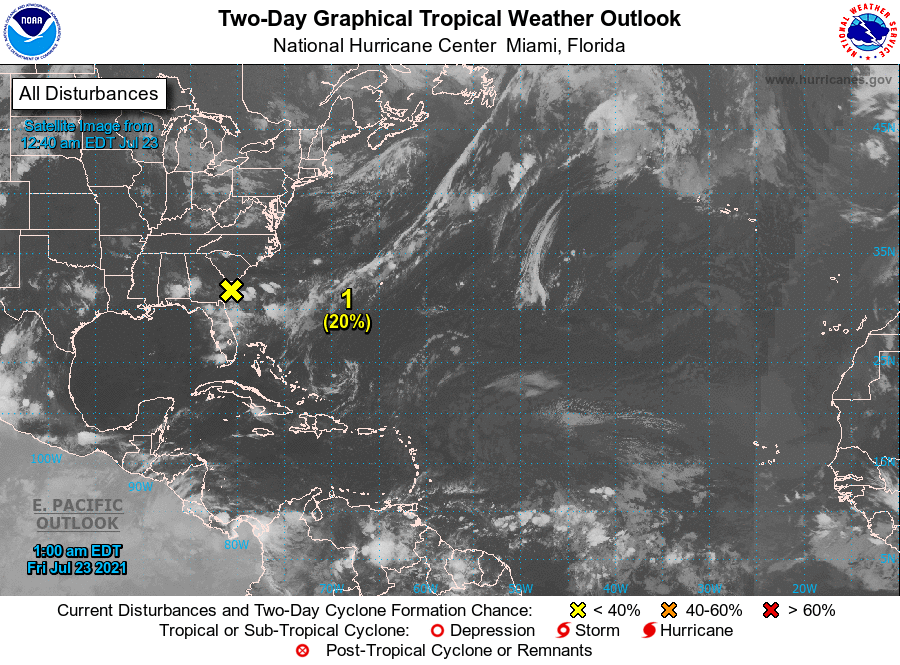
For the North Atlantic...Caribbean Sea and the Gulf of Mexico:

1. A trough of low pressure located just offshore of the coasts of southeastern Georgia and southern South Carolina is producing limited shower and thunderstorm activity. Environmental conditions are forecast to be marginally conducive for some gradual development over the weekend and into early next week while the system drifts offshore of the southeastern United States.
* Formation chance through 48 hours...low...20 percent.
* Formation chance through 5 days...low...30 percent.

Forecaster Blake